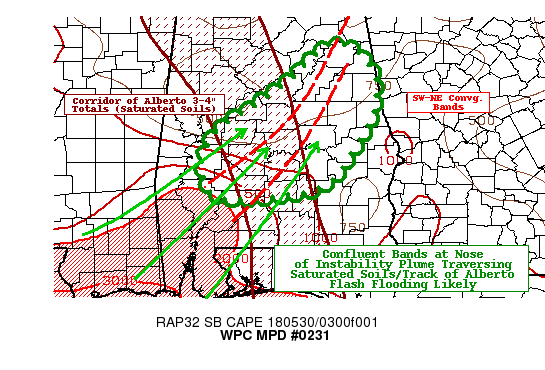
AREAS AFFECTED...CETNRAL AND EAST CENTRAL AL

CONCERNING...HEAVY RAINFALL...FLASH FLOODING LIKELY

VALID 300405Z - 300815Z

SUMMARY...CONVECTIVE DEVELOPMENT WITH SOME POTENTIAL TRAINING
TRAVERSING SATURATED SOILS IN CENTRAL AL LIKELY TO LEAD TO FLASH
FLOODING IN THE NEAR TERM

DISCUSSION...GOES-16 10UM IR DEPICTS TWO  RAPIDLY COOLING
CONVECTION CLUSTERS ACROSS CENTRAL AL WITH OVERSHOOTING TOPS TO
-65C. REGIONAL RADAR CONFIRMS TWO SW TO NE LINE SEGMENTS AT THE
NOSE OF CONFLUENT SFC TO 850 MB FLOW AS WELL AS THE NOSE OF
INSTABILITY AXIS WITH SBCAPES TO 2000 J/KG. THOUGH WINDS ARE WEAK
THE CONVERGENCE IS SUFFICIENT FOR FURTHER DEVELOPMENT WITH MEAN
CELL MOTIONS NEAR OR JUST EAST OF THE ORIENTATION OF THE BAND.
AVAILABLE DEEP MOISTURE WITHIN THE UPDRAFTS WILL SUPPORT RATES OF
1.5-2"/HR AND COULD ADD AN ADDITIONAL 2-3" OVER THE NEXT 2 HOURS
BEFORE MOVING INTO MORE STABLE ENVIRONMENT FURTHER NE UP THE
CONVERGENCE BAND.  THIS RAINFALL IS ALSO LIKELY TO FALL ACROSS
AREAS AFFECTED BY 3-4" OF RAIN FROM ALBERTO LAST EVENING MAKING
FLASH FLOODING LIKELY GIVEN FFG VALUES HAVE FALLEN IN PARTS TO
1.5-2.0"/3HRS.  SLOW ENE TRANSLATION OF THE LINE SEGMENTS WITH
SOME POTENTIAL OF MERGING AS WELL AS SOME WEAKER SHALLOWER
CONVECTION (DUE TO LESS AVAILABLE INSTABILITY) DOWNSTREAM IN EAST
CENTRAL AL MAY HAVE THE POTENTIAL FOR HIGHLY LOCALIZED FLASH
FLOODING THREAT DUE TO HIGHER FFG, LESS SATURATED GROUNDS, AND
LOWER AVAILABLE INSTABILITY TO MAINTAIN STRONGER UPDRAFT FOR
RAINFALL PRODUCTION.